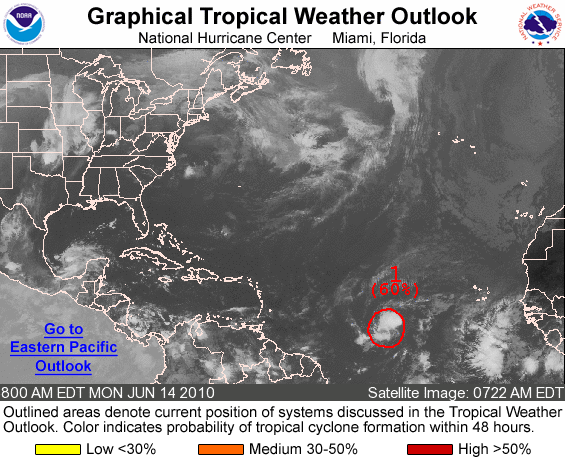
FOR THE NORTH ATLANTIC...CARIBBEAN SEA AND THE GULF OF MEXICO...

1. AN AREA OF LOW PRESSURE LOCATED ABOUT 1425 MILES EAST-SOUTHEAST OF THE WINDWARD ISLANDS CONTINUES TO SHOW SIGNS OF ORGANIZATION. ENVIRONMENTAL CONDITIONS ARE EXPECTED TO REMAIN CONDUCIVE FOR DEVELOPMENT DURING THE NEXT DAY OR SO AS THE SYSTEM MOVES WEST-NORTHWESTWARD TO NORTHWESTWARD AT ABOUT 15 MPH. THERE REMAINS A HIGH CHANCE...60 PERCENT...OF THIS SYSTEM BECOMING A TROPICAL CYCLONE DURING THE NEXT 48 HOURS.

ELSEWHERE...TROPICAL CYCLONE FORMATION IS NOT EXPECTED DURING THE NEXT 48 HOURS.

FORECASTER BROWN/KIMBERLAIN